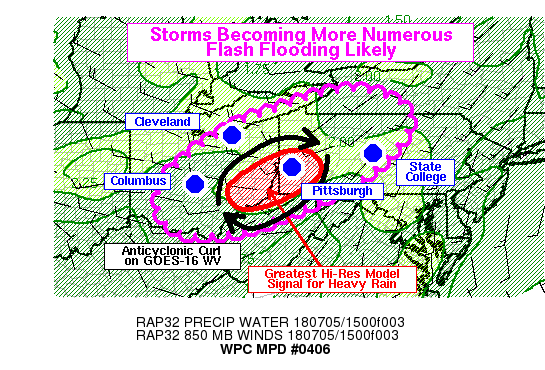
AREAS AFFECTED...OH...NWRN WV...WRN/CTRL PA...SWRN TIER OF NY

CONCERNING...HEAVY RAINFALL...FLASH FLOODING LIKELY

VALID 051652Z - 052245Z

SUMMARY...THUNDERSTORMS WILL BECOME MORE NUMEROUS ACROSS THE UPPER
OHIO RIVER VALLEY THIS AFTERNOON. ANY STORMS THAT FORM IN THE
MOIST AND UNSTABLE ENVIRONMENT WOULD BE CAPABLE OF PRODUCING VERY
HEAVY RAIN RATES AS HIGH AS 2-3 IN/HR. THIS WILL LIKELY LEAD TO
SOME AREAS OF FLASH FLOODING. THE HIGHEST CHANCES OF FLASH
FLOODING ARE CURRENTLY ANTICIPATED FROM SERN OHIO INTO THE NRN WV
PANHANDLE AND INTO SWRN PENNSYLVANIA.

DISCUSSION...RADAR AND SATELLITE TRENDS ACROSS THE UPPER OHIO
RIVER VALLEY REGION INDICATED AN INCREASE IN THE COVERAGE AND
INTENSITY OF CONVECTION IN THE PAST HOUR OR SO (1500-1630Z).
GOES-16 DAY CONVECTION RGB AND CLOUD TOP HEIGHT PRODUCTS SHOW THIS
WELL... WITH THE MOST SIGNIFICANT TRENDS ALONG A WEAK SURFACE
CONVERGENCE AXIS (AND RIBBON OF ENHANCED CUMULUS DEVELOPMENT) FROM
NEAR ERI... TO NEAR CLE... TO NEAR MIE. THIS ALSO CORRESPONDS WELL
TO AN EXPECTED INCREASE IN CONVECTIVE COVERAGE ADVERTISED BY MOST
HI-RES MODELS AROUND MIDDAY...A TREND THAT THESE MODELS CONTINUE
THROUGH 00Z. THE FLASH FLOOD THREAT WILL BE ELEVATED VIA A
COMBINATION OF FAVORABLE ENVIRONMENT AND ANTECEDENT CONDITIONS.

THE ATMOSPHERE ACROSS THE REGION IS VERY MOIST...AND ANALYSIS OF
MODEL INITIALIZATION FIELDS SHOWS PWATS ABOVE THE 99TH PERCENTILE
OVER MUCH OF THE OUTLINED DISCUSSION AREA. THIS SHOULD DRIVE THE
POTENTIAL FOR VERY HEAVY RAINFALL. TWO THINGS WILL TEND TO
EXACERBATE THAT POTENTIAL: RELATIVELY STRONG INSTABILITY AND WEAK
WIND FIELDS. LATEST RAP ANALYSIS SHOWS WIDESPREAD MLCAPE AROUND
1500-2000 J/KG...WITH SLIGHTLY LOWER VALUES ONLY FOUND IN AREAS
WITH LINGERING CLOUD COVER FROM MORNING CONVECTION (NRN WV INTO
CTRL PA). THIS AMOUNT OF INSTABILITY COMBINED WITH LOW-LEVEL
(925-850MB) WESTERLY INFLOW AROUND 15 KNOTS SHOULD BE SUFFICIENT
TO ALLOW FOR SOME STORM ORGANIZATION (LIKELY INTO MULTICELL
CLUSTERS) AND POSSIBLY BACKBUILDING. FURTHER ALOFT...WIND FIELDS
ARE RATHER WEAK...AND THIS SHOULD ALLOW FOR SLOW STORM MOTIONS.
THUS...ANY ORGANIZED STORM CLUSTERS PRODUCING VERY HEAVY RAINFALL
SHOULD SEE INCREASED RESIDENCE TIME OVER INDIVIDUAL LOCATIONS...
INCREASING THE CHANCES OF FLASH FLOODING.

GOES-16 WATER VAPOR CHANNELS SHOW A DISTINCT ANTICYCLONIC CURL
CENTERED ON THE NRN WEST VIRGINIA PANHANDLE...LIKELY AN INDICATION
OF A RELATIVE MINIMUM IN UPPER LEVEL FLOW AND A REGION WHERE STORM
MOTIONS MAY BE MORE CHAOTIC AND/OR LOWER. THIS FEATURE IS
CO-LOCATED WITH THE STRONGEST HI-RES MODEL SIGNAL FOR HEAVY
RAINFALL...PER THE 12Z HREF AND THE 15Z HRRR (SLIGHTLY OFFSET TO
THE NORTH). THIS REGION ALSO DID SEE SOME CONVECTION DURING THE
MORNING HOURS...AND THUS MAY (AT LEAST TEMPORARILY) SEE REDUCED
INSTABILITY EARLY THIS AFTERNOON. THEREFORE...IT IS POSSIBLE THAT
THE GREATEST CHANCES OF FLASH FLOODING MAY EVENTUALLY BE DISPLACED
SLIGHTLY TO THE NORTH FROM WHERE 12Z HI-RES MODELS ARE
CONCENTRATED.

MUCH OF THIS REGION ALSO HAS REDUCED FLASH FLOOD GUIDANCE GIVEN
RECENT RAINFALL. THE NATIONAL WATER MODEL ANALYSIS ALSO SHOWS MUCH
OF WESTERN PENNSYLVANIA WITH ABOVE NORMAL STREAMFLOW...AND THUS
THE HYDROLOGIC CONDITIONS MAY ALSO ENHANCE THE OVERALL CHANCES OF
FLASH FLOODING IN THIS REGION.